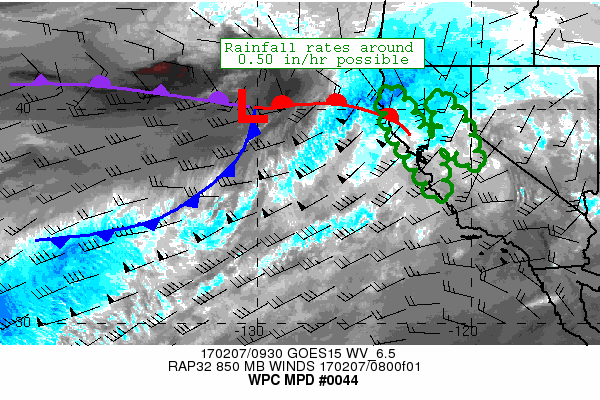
AREAS AFFECTED...PORTIONS OF CNTRL TO N-CNTRL CA

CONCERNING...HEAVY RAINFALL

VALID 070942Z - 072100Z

SUMMARY...RAINFALL RATES ARE EXPECTED TO GRADUALLY INCREASE EARLY
THIS MORNING AS AN IMPRESSIVE SURGE OF LOW-LEVEL MOISTURE MOVES
ONSHORE. THE HEAVIEST RATES SHOULD FOCUS ALONG THE COASTAL RANGES
AS WELL AS ACROSS PORTIONS OF THE SIERRA NEVADA.

DISCUSSION...LATEST GOES WEST WATER VAPOR IMAGERY SHOWED A
WELL-DEFINED SHORTWAVE TROUGH NEAR 40N 134W MOVING EAST. THE AMSU
89 GHZ CHANNEL REVEALED A T-BONE LIKE FRONTAL STRUCTURE WITH AN
ELONGATED OCCLUSION EXTENDING WESTWARD FROM A DEVELOPING SURFACE
LOW APPROXIMATELY 300 MILES WEST OF THE NORTHERN CA COAST. BLENDED
TPW PRODUCT INDICATES PWAT VALUES IN THE 1.0 TO 1.5 INCH RANGE
OFFSHORE, WITH A CONNECTION EVIDENT TO THE TROPICAL CENTRAL
PACIFIC. THESE PWAT VALUES LINE UP WELL WITH THE LATEST SHORT-TERM
RAP FORECAST. THE LATEST AMSU MICROWAVE RAIN RATE PRODUCT IS
INDICATING RATES OF 0.10 TO 0.25 IN/HR OFFSHORE.

GIVEN THE IMPRESSIVE 50-70 KT LOW-LEVEL FLOW ASSOCIATED WITH THIS
ATMOSPHERIC RIVER, THESE MICROWAVE ESTIMATED RAINFALL RATES
OFFSHORE SHOULD YIELD RATES NEAR 0.50 IN/HR ON LAND GIVEN THE
NEARLY PERPENDICULAR NATURE OF THE FLOW RELATIVE TO THE COAST.
THESE HEAVY RAINFALL RATES WILL BE POSSIBLE ACROSS THE CALIFORNIA
COASTAL RANGES AS WELL AS ON THE WESTERN SLOPES OF THE SIERRA
NEVADA, WHERE SNOW LEVELS WILL BE RAPIDLY INCREASING DUE TO THE
STRONG ONSHORE FLOW.

PRECIPITATION WILL BEGIN TO DECREASE ACROSS THE NORTHERN PORTIONS
OF THE OUTLINED AREA BY MIDDAY AS THE SURFACE LOW MOVES QUICKLY
INLAND OVER THE PACIFIC NORTHWEST AND THE COLD FRONT PUSHES
ONSHORE IN NORTHERN CA. HEAVY RAIN IS EXPECTED TO PERSIST ACROSS
SOUTHERN PORTIONS OF THE OUTLINED AREA THROUGH 21Z. TOTAL
ADDITIONAL RAINFALL TOTALS THROUGH 21Z OF 1 TO 4 INCHES ARE
POSSIBLE...WHICH COULD COMPOUND FLOODING CONCERNS.